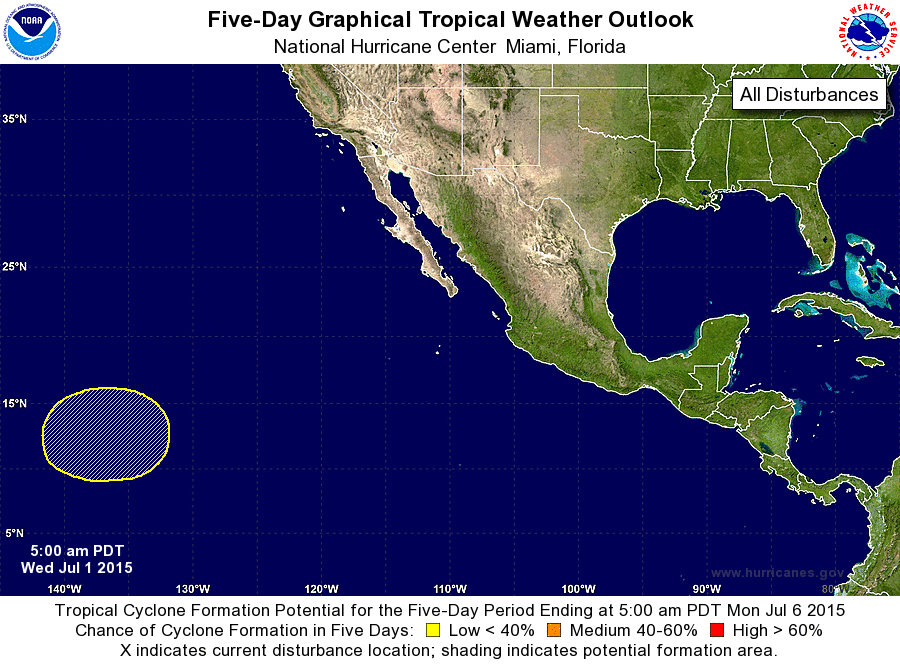
For the eastern North Pacific...east of 140 degrees west longitude:

1. An area of low pressure is expected to form well to the east- southeast of the Hawaiian Islands by the weekend. Some gradual development is possible thereafter while the system moves slowly west-northwestward.
* Formation chance through 48 hours...low...near 0 percent
* Formation chance through 5 days...low...20 percent

Forecaster Brown